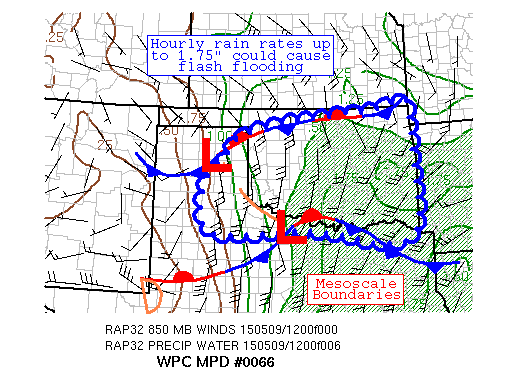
AREAS AFFECTED...PORTIONS OF THE TX PANHANDLE & OK

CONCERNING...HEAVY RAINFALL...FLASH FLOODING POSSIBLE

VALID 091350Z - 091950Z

SUMMARY...THUNDERSTORMS WITH HEAVY RAINFALL WITH SPREAD FROM THE
TX PANHANDLE THROUGH WESTERN AND CENTRAL OK OVER THE NEXT SEVERAL
HOURS.  HOURLY RAIN RATES UP TO 1.75" COULD CAUSE FLASH FLOODING.

DISCUSSION...LIKE THE LAST TWO MORNINGS, A SHORTWAVE ALOFT NEAR
THE SOUTHEAST NM/ WEST- CENTRAL TX HAS SPURRED MORNING CONVECTION
ACROSS THE TX PANHANDLE.  PRECIPITABLE WATER VALUES ARE NEAR
1.25".  CAPES UPSTREAM ARE 2000-4000 J/KG DUE TO A CAPPING
INVERSION ALOFT, REFLECTED REASONABLY WELL IN THE 9C 700 HPA
ISOTHERM, AND 850 HPA INFLOW INTO THE REGION IS 40 KTS (NEAR THE
MAGNITUDE OF THE 850-400 HPA MEAN WIND) -- THIS HAS LED TO GREATER
ORGANIZATION TO THE CONVECTION THAN SEEN THIS TIME THURSDAY OR
FRIDAY.  WHEN SUBTRACTING THE SURFACE WINDS, THERE IS 30 KTS OF
AVAILABLE CLOUD BASE INFLOW.  SOUNDINGS SHOW GOOD TURNING OF WINDS
WITH HEIGHT -- BOTH THE WIND VEERING AND CAPE VALUES FAVOR FORWARD
PROPAGATION.

THERE SHOULD BE SOME NORTHWARD MOVEMENT TO THE OUTFLOW BOUNDARY IN
NORTHERN TX DURING THIS PERIOD, SIMILAR TO YESTERDAY.  A BLEND OF
THE FORWARD PROPAGATION/CORFIDI VECTORS SUGGESTS EAST-NORTHEAST
MOTION TO ONGOING THUNDERSTORM ACTIVITY, WHICH SHOULD BECOME MORE
SURFACE-BASED CLOSER TO THE TX/OK BORDER BY 17Z PER CONCEPTUAL
MODELS AND RECENT RAP FORECASTS.  CELL TRAINING IS THE MAIN FLASH
FLOOD THREAT WHERE THUNDERSTORMS CAN ALIGN DUE TO EXPECTED
EMBEDDED MESOCYCLONES WITHIN CONVECTIVE BANDS.  THE 06Z CANADIAN
REGIONAL MODEL ALONG WITH RECENT RAP AND HRRR RUNS ARE HANDING
THIS CONVECTION REASONABLY WELL -- NO OTHER AVAILABLE MESOSCALE
GUIDANCE HAS RAIN NEAR THIS REGION.  RAIN RATES THIS MORNING PER
RADAR ESTIMATES ARE NEAR 1.75" AN HOUR, WHICH SHOULD PERSIST FOR
THE TIME BEING -- RAIN RATES COULD INCREASE WITH TIME AS THE
CONVECTION MOVES INTO A MORE MOIST ENVIRONMENT LATER TODAY.  FLASH
FLOODING IS CONSIDERED POSSIBLE.